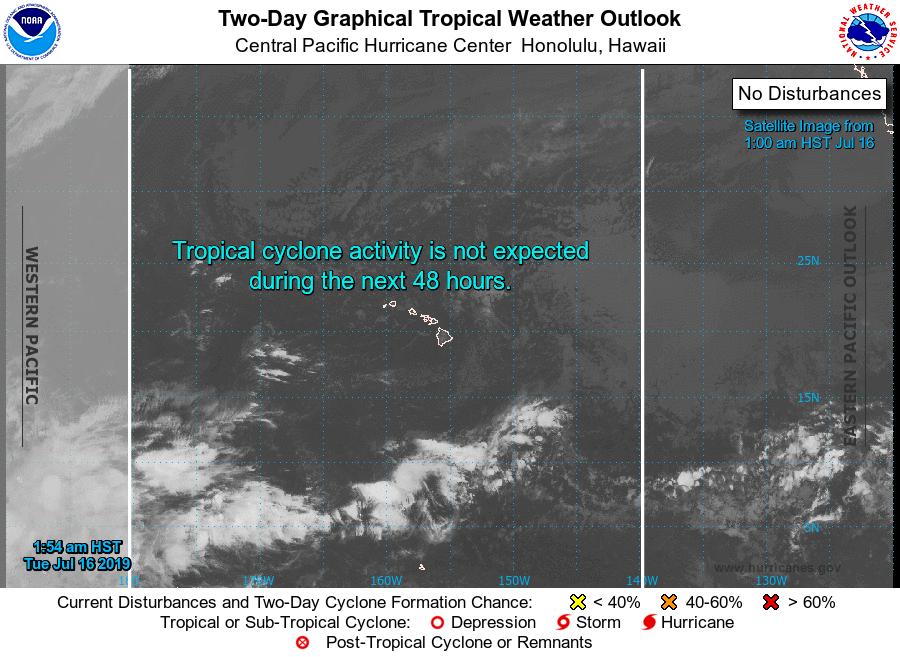
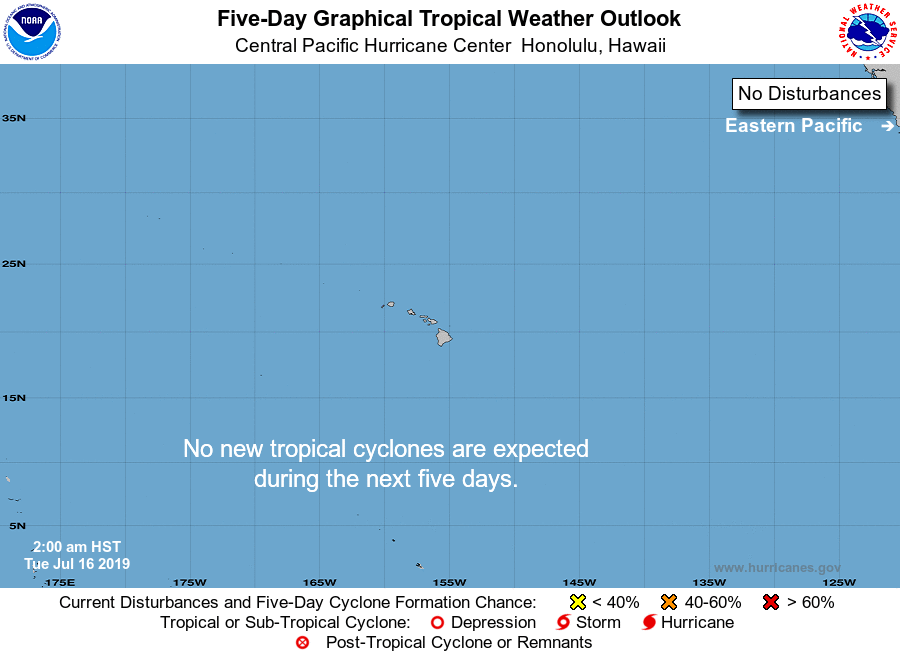
For the central North Pacific...between 140W and 180W:

No tropical cyclones are expected during the next 5 days.

Forecaster Jelsema